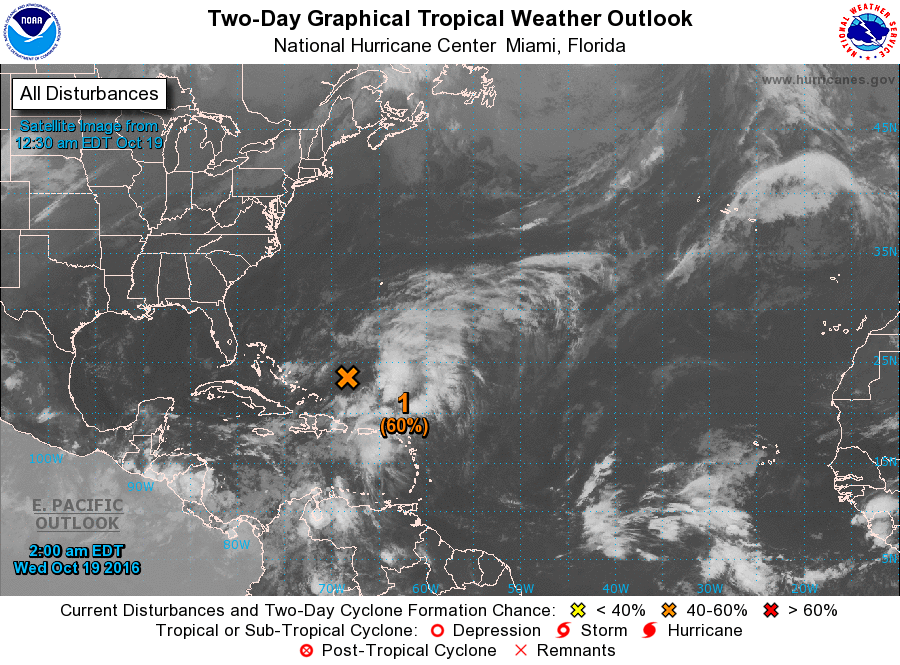
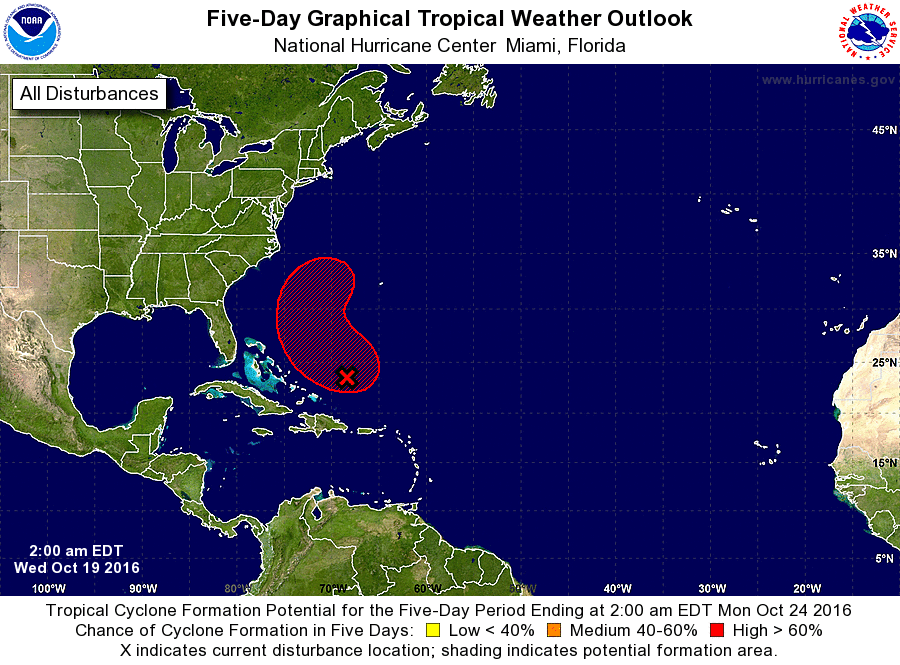
For the North Atlantic...Caribbean Sea and the Gulf of Mexico:

1. A non-tropical low pressure system is located about 225 miles northeast of the Turks and Caicos Islands. Cloudiness and thunderstorms associated with this system are currently located well east of the center due to strong upper-level westerly winds. However, upper-level conditions are forecast to become more conducive for this system to acquire some tropical characteristics, and a subtropical or tropical cyclone is likely to form within the next couple of days. The low is forecast to move northward to north-northwestward on Wednesday and Thursday, before turning north-northeastward and merging with a cold front over the western Atlantic by the weekend. A NOAA Hurricane Hunter aircraft is scheduled to investigate this system this afternoon, if necessary. Regardless of development, locally heavy rainfall is possible over the Dominican Republic, Puerto Rico, and portions of the northern Leeward Islands today.
* Formation chance through 48 hours...medium...60 percent
* Formation chance through 5 days...high...80 percent

Forecaster Brown